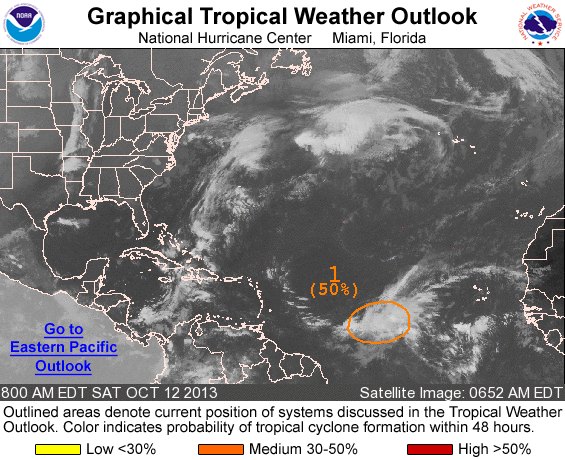
FOR THE NORTH ATLANTIC...CARIBBEAN SEA AND THE GULF OF MEXICO...

1. A LARGE AREA OF CLOUDINESS AND SHOWERS LOCATED ABOUT MIDWAY BETWEEN THE CAPE VERDE ISLANDS AND THE LESSER ANTILLES IS ASSOCIATED WITH AN ELONGATED AREA OF LOW PRESSURE. ALTHOUGH THIS LOW IS PRODUCING WINDS TO NEAR TROPICAL STORM FORCE...THE SYSTEM LACKS A WELL-DEFINED CIRCULATION CENTER. FURTHERMORE...THUNDERSTORM ACTIVITY HAS DECREASED AND UPPER-LEVEL WINDS ARE GRADUALLY BECOMING LESS CONDUCIVE FOR DEVELOPMENT. THIS SYSTEM HAS A MEDIUM CHANCE... 50 PERCENT OF BECOMING A TROPICAL CYCLONE DURING THE NEXT 48 HOURS...AND A MEDIUM CHANCE...50 PERCENT...OF BECOMING A TROPICAL CYCLONE DURING THE NEXT 5 DAYS WHILE IT MOVES WESTWARD TO WEST-NORTHWESTWARD AT 10 TO 15 MPH.

ADDITIONAL INFORMATION ON THIS LOW PRESSURE SYSTEM CAN BE FOUND IN HIGH SEAS FORECASTS ISSUED BY THE NATIONAL WEATHER SERVICE.

HIGH SEAS FORECASTS ISSUED BY THE NATIONAL WEATHER SERVICE CAN BE FOUND UNDER AWIPS HEADER NFDHSFAT1 AND WMO HEADER FZNT01 KWBC.

FIVE-DAY FORMATION PROBABILITIES ARE EXPERIMENTAL IN 2013. COMMENTS ON THE EXPERIMENTAL FORECASTS CAN BE PROVIDED AT...

HTTP://WWW.NWS.NOAA.GOV/SURVEY/NWS-SURVEY.PHP?CODE=ETWO

FORECASTER STEWART